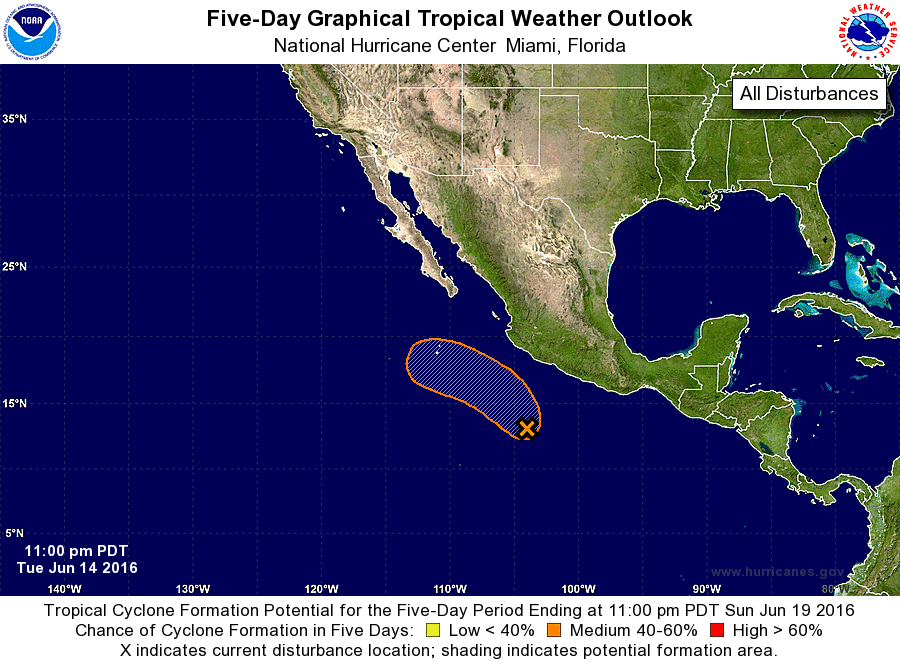
For the eastern North Pacific...east of 140 degrees west longitude:

1. Showers and thunderstorms associated with a broad area of low pressure located about 400 miles south of Manzanillo, Mexico, remain disorganized. Environmental conditions appear to be conducive for some slow development of this system, and a tropical depression could form later this week while the disturbance moves west- northwestward at around 10 mph.
* Formation chance through 48 hours...low...20 percent
* Formation chance through 5 days...medium...50 percent

Forecaster Kimberlain